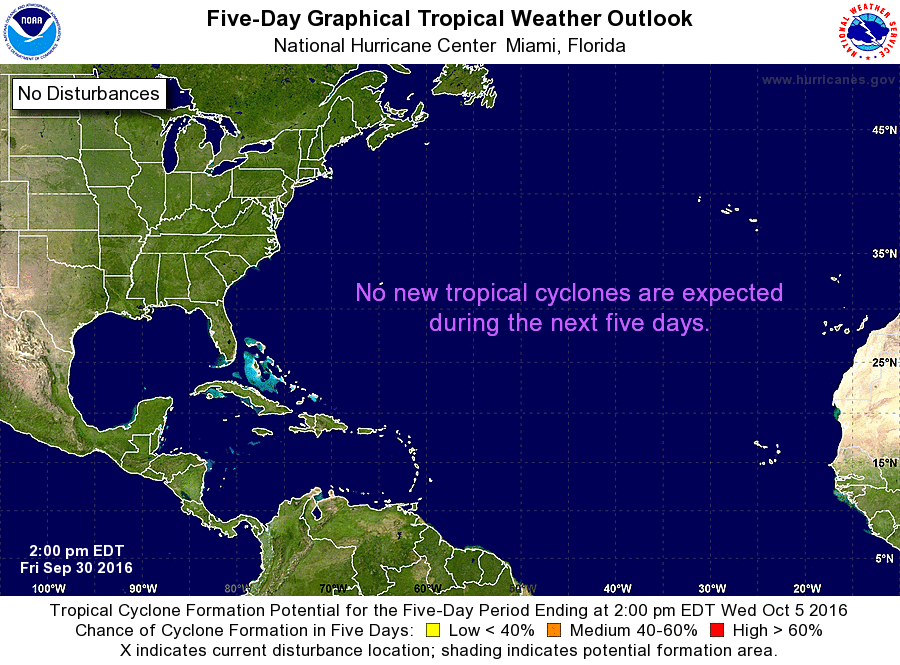
For the North Atlantic...Caribbean Sea and the Gulf of Mexico:

The National Hurricane Center is issuing advisories on Hurricane Matthew, located over the south-central Caribbean Sea.

Tropical cyclone formation is not expected during the next 5 days.

Forecaster Roberts